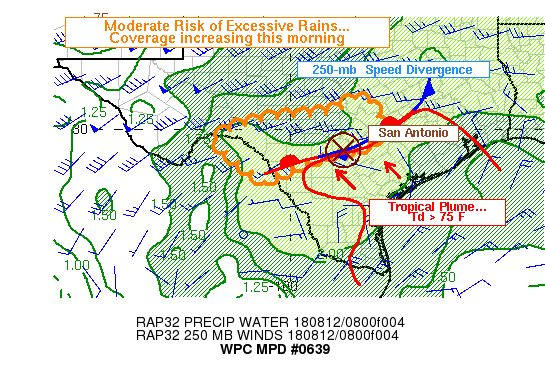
Areas affected...SW TX...CENTRAL TX

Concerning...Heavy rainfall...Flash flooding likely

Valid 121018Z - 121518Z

Summary...Convective heavy rains developing as of 10Z had the look
of a likely flash flood event, at least on a local scale to the
north and west of San Antonio.

Discussion...A WPC Moderate Risk of excessive rainfall covers
parts of southwest and central Texas. The first of what could be
several slow-moving thunderstorm clusters was seen developing in
radar and satellite imagery this morning just north of Uvalde,
with other echoes percolating north of San Antonio at 10Z.

Several ingredients for flash flooding appeared to be coming into
place. Satellite loops of total precipitable water followed a
plume of rich tropical moisture marked by surface dewpoints 74 F
or greater that had originated over the western Gulf and was
nearing the developing convection. Both radar and satellite loops
were also indicative of a strengthening inflection in the upper
level flow near the base of the trough from west Texas to near the
Big Bend - placing difluence, and in particular upper speed
divergence, over south-central Texas and the Hill Country.

The tandem of upper support and low level flow drifting uphill
into the terrain should foster growth of a small MCS or several
clusters of organized storms this morning. The 00Z WRF-ARW had
nailed the timing and location of the development. Several other
models were clustered nearby, with the HREF mean even signaling
this small scale event. The QPF from these models suggests
isolated 4 inch rainfall through 15Z. These estimates could even
be low. The early storms already appeared to be anchored and were
very deep, with echo tops over 50 kft from KEWX. Given the
tropical thermodynamic environment with tall, skinny CAPE, high
web-bulb zero values, and PW approaching 2.10 inches, rainfall may
add up very quickly. The ground in some areas had been wetted by
rains over the past day or two. Isolated flash flooding appears
likely this morning. It is also worth noting that Corfidi vectors
for backward propagation would take activity slowly to the
southeast over time, possibly putting more population centers at
risk by mid to late morning. Expect a continuing threat as the
pattern evolves later this afternoon.